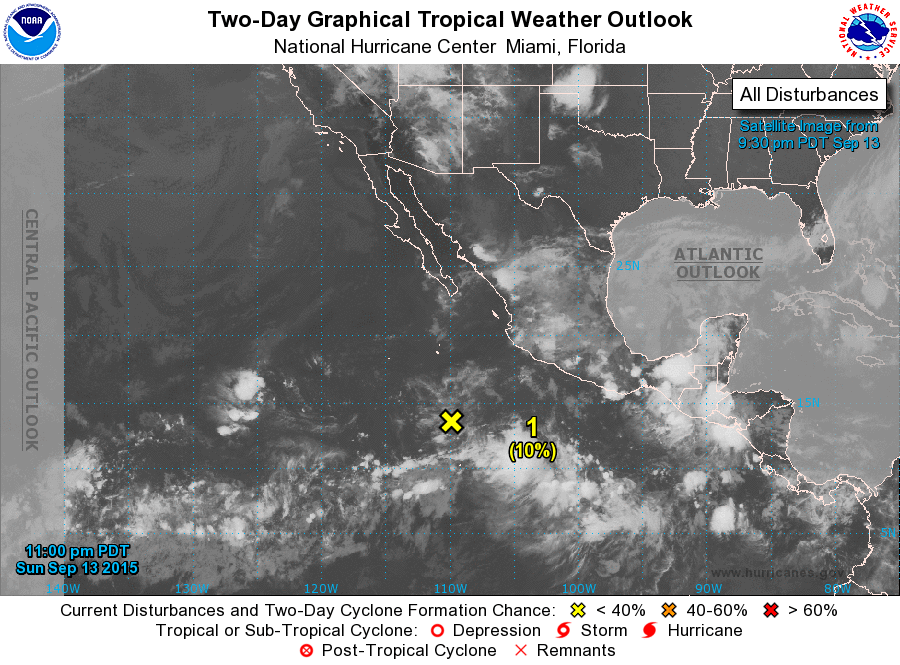
For the eastern North Pacific...east of 140 degrees west longitude:

1. A weak area of low pressure located about 600 miles south of the southern tip of the Baja California peninsula is producing minimal shower activity. Development, if any, of this system should be slow to occur during the next few days while it moves generally northwestward at 5 to 10 mph.
* Formation chance through 48 hours...low...10 percent
* Formation chance through 5 days...low...20 percent

Forecaster Cangialosi